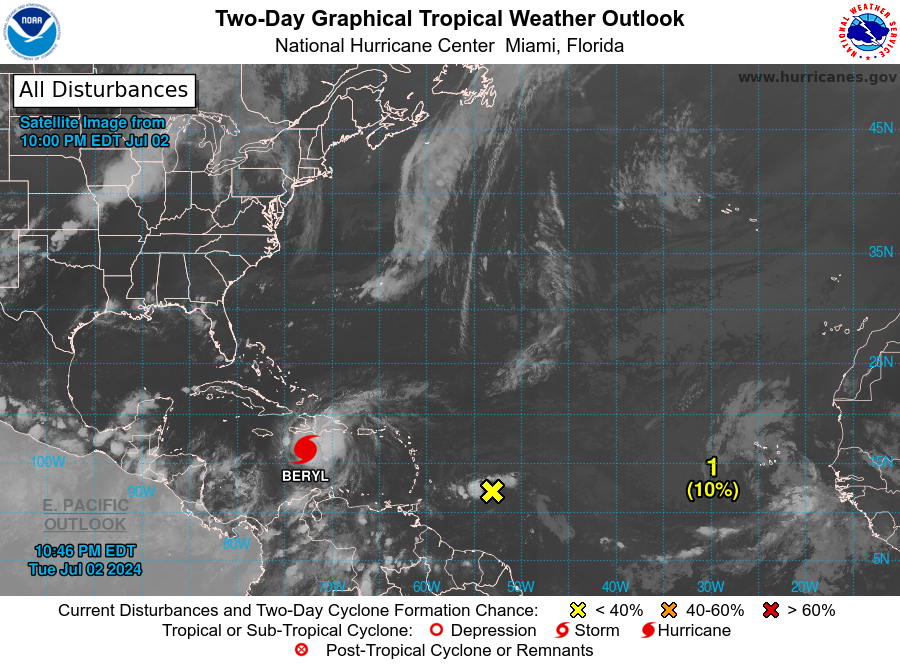
For the North Atlantic...Caribbean Sea and the Gulf of Mexico:

Active Systems: The National Hurricane Center is issuing advisories on Hurricane Beryl, located over the central Caribbean Sea.

1. East of the Windward Islands (AL96): Shower and thunderstorm activity remains limited in association with a tropical wave located several hundred miles east-southeast of the Windward Islands. Environmental conditions are only marginally conducive for any development of this system while it moves generally westward at 15 to 20 mph across the western tropical Atlantic and eastern Caribbean Sea. Regardless of development, gusty winds and locally heavy rainfall are possible across portions of the Lesser Antilles on Wednesday.
* Formation chance through 48 hours...low...10 percent.
* Formation chance through 7 days...low...20 percent.

Forecaster Hagen/Roberts